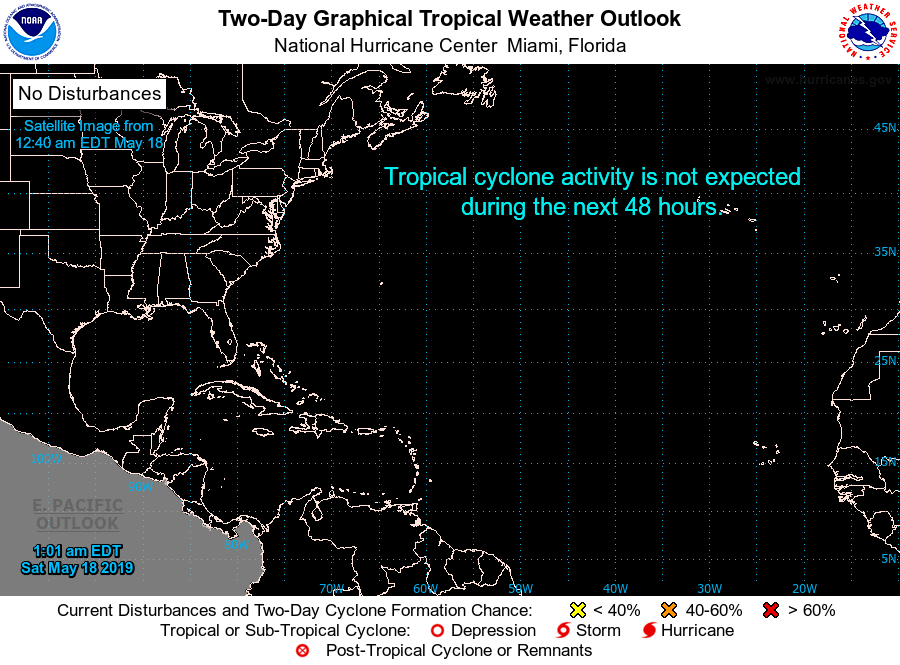
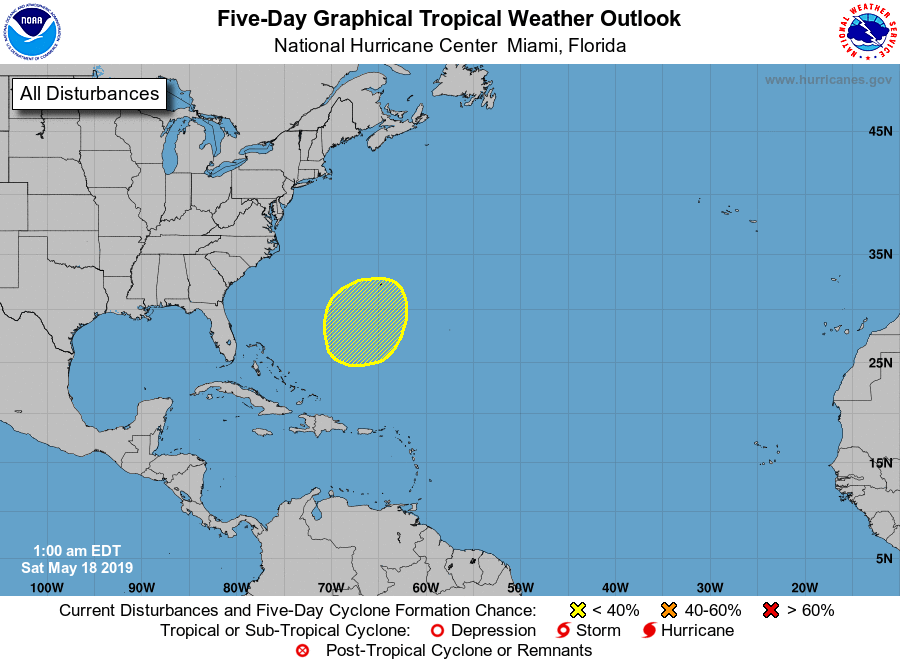
For the North Atlantic...Caribbean Sea and the Gulf of Mexico:

1. An area of low pressure is expected to form several hundred miles south or southwest of Bermuda by early next week. Gradual development of this system into a tropical or subtropical cyclone is possible during the early and middle part of next week while it moves northward or northeastward. The next Special Tropical Weather Outlook will be issued by 2 PM EDT Saturday, or sooner if conditions warrant.
* Formation chance through 48 hours...low...near 0 percent.
* Formation chance through 5 days...low...30 percent.

Forecaster Pasch